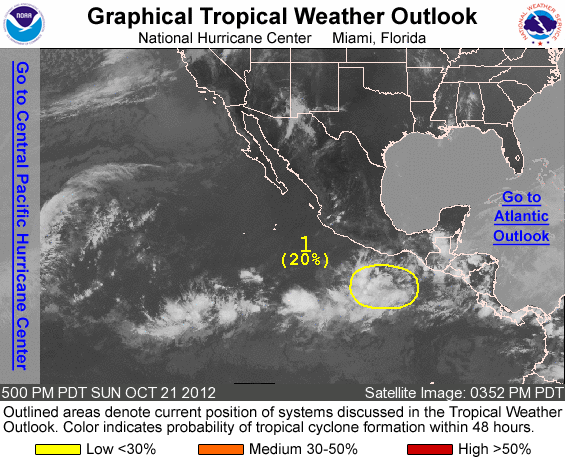
FOR THE EASTERN NORTH PACIFIC...EAST OF 140 DEGREES WEST LONGITUDE..

1. SHOWERS AND THUNDERSTORMS CONTINUE IN ASSOCIATION WITH AN ELONGATED LOW PRESSURE SYSTEM LOCATED ABOUT 425 MILES SOUTH-SOUTHEAST OF ACAPULCO MEXICO. SOME GRADUAL DEVELOPMENT OF THIS LARGE DISTURBANCE IS POSSIBLE OVER THE NEXT FEW DAYS AS IT MOVES SLOWLY WESTWARD. THIS SYSTEM HAS A LOW CHANCE...20 PERCENT...OF BECOMING A TROPICAL CYCLONE DURING THE NEXT 48 HOURS.

ELSEWHERE...TROPICAL CYCLONE FORMATION IS NOT EXPECTED DURING THE NEXT 48 HOURS.

FORECASTER STEWART